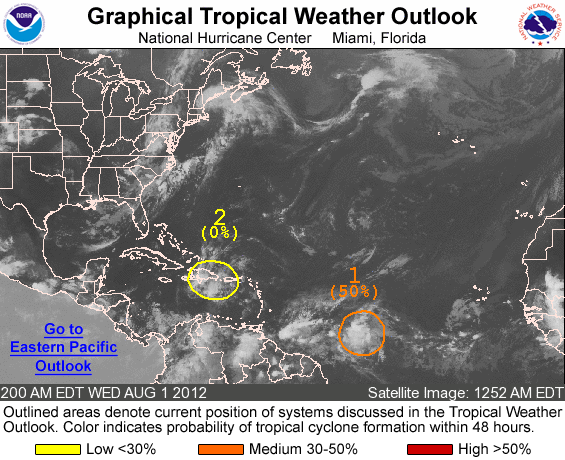
FOR THE NORTH ATLANTIC...CARIBBEAN SEA AND THE GULF OF MEXICO...

1. SHOWERS AND THUNDERSTORMS ASSOCIATED WITH AN AREA OF LOW PRESSURE LOCATED ABOUT 1100 MILES EAST-SOUTHEAST OF THE WINDWARD ISLANDS HAVE NOT BECOME ANY BETTER ORGANIZED DURING THE PAST SEVERAL HOURS. ENVIRONMENTAL CONDITIONS ARE MARGINALLY CONDUCIVE FOR GRADUAL DEVELOPMENT OF THIS LOW OVER THE NEXT FEW DAYS. THIS SYSTEM HAS A MEDIUM CHANCE...50 PERCENT...OF BECOMING A TROPICAL CYCLONE DURING THE NEXT 48 HOURS AS IT MOVES WESTWARD AT 15 TO 20 MPH.

2. DISORGANIZED SHOWERS AND THUNDERSTORMS OVER HISPANIOLA...PUERTO RICO...AND THE CENTRAL CARIBBEAN SEA ARE ASSOCIATED WITH A WESTWARD-MOVING TROPICAL WAVE. DEVELOPMENT OF THIS WAVE IS NOT EXPECTED AND IT HAS A LOW CHANCE...NEAR 0 PERCENT...OF BECOMING A TROPICAL CYCLONE DURING THE NEXT 48 HOURS. HOWEVER...LOCALLY HEAVY RAINFALL AND GUSTY WINDS ASSOCIATED WITH THIS WAVE WILL SPREAD ACROSS EASTERN CUBA AND THE SOUTHEASTERN BAHAMAS DURING THE NEXT DAY OR TWO.

ELSEWHERE...TROPICAL CYCLONE FORMATION IS NOT EXPECTED DURING THE NEXT 48 HOURS.

FORECASTER CANGIALOSI